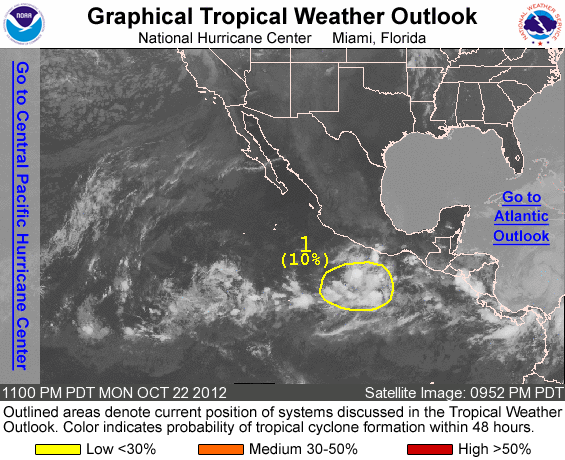
FOR THE EASTERN NORTH PACIFIC...EAST OF 140 DEGREES WEST LONGITUDE..

1. A BROAD AREA OF LOW PRESSURE LOCATED A FEW HUNDRED MILES SOUTH-SOUTHWEST OF ACAPULCO MEXICO IS PRODUCING DISORGANIZED SHOWERS AND THUNDERSTORMS. DEVELOPMENT...IF ANY...OF THIS DISTURBANCE IS EXPECTED TO BE SLOW TO OCCUR AS IT MOVES WESTWARD AT AROUND 10 MPH. THIS SYSTEM HAS A LOW CHANCE...10 PERCENT...OF BECOMING A TROPICAL CYCLONE DURING THE NEXT 48 HOURS.

ELSEWHERE...TROPICAL CYCLONE FORMATION IS NOT EXPECTED DURING THE NEXT 48 HOURS.

FORECASTER ROBERTS